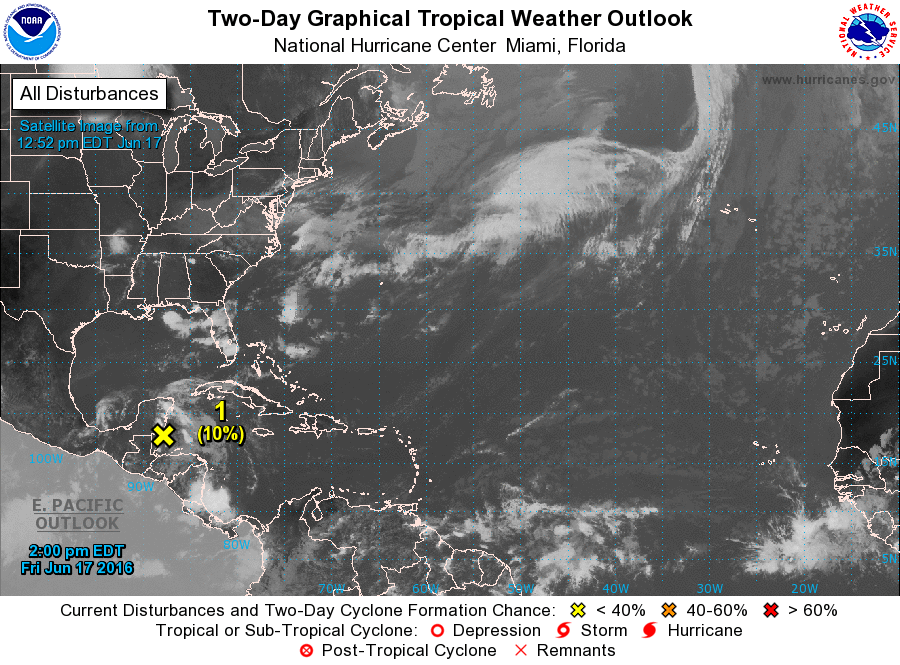
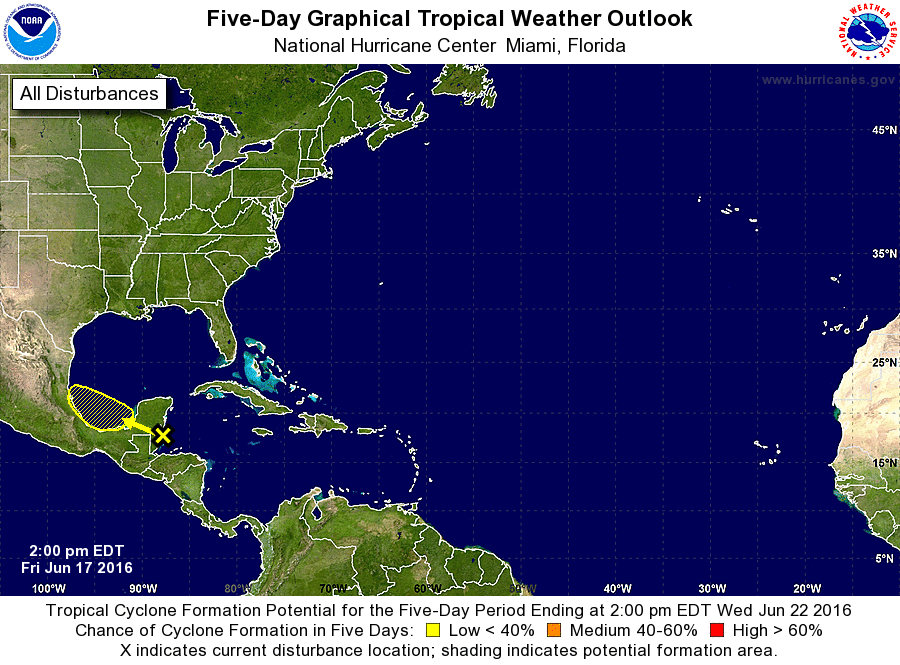
For the North Atlantic...Caribbean Sea and the Gulf of Mexico:

1. Disorganized cloudiness and thunderstorms have decreased in association with a tropical wave near the Yucatan peninsula of Mexico. Development, if any, of this system should be slow to occur due to proximity to land while it moves westward or west- northwestward at about 10 mph over the Bay of Campeche and southwestern Gulf of Mexico over the next few days.
* Formation chance through 48 hours...low...10 percent
* Formation chance through 5 days...low...20 percent

Forecaster Kimberlain